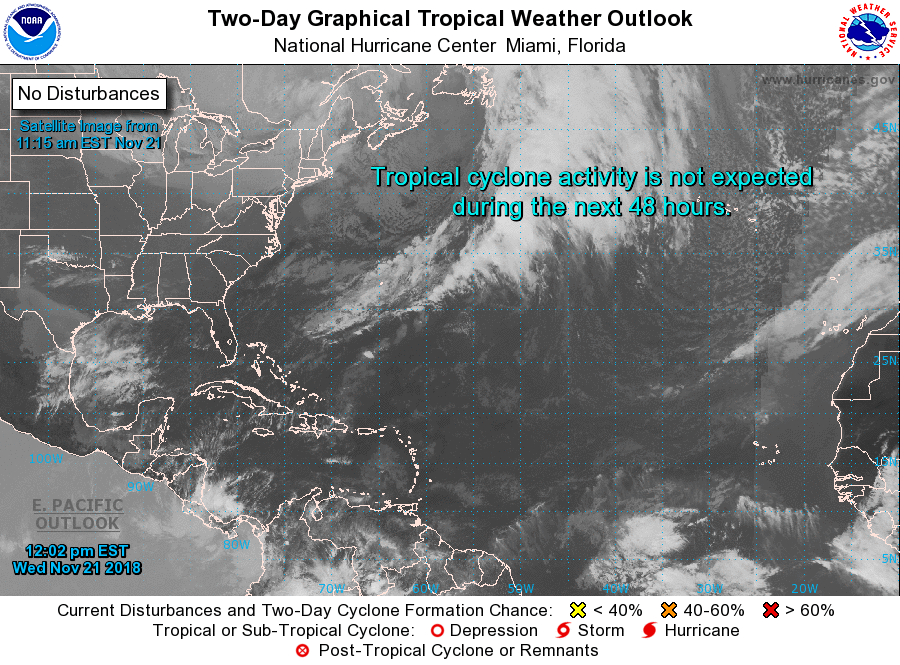
For the North Atlantic...Caribbean Sea and the Gulf of Mexico:

Tropical cyclone formation is not expected during the next 5 days.

Forecaster Zelinsky